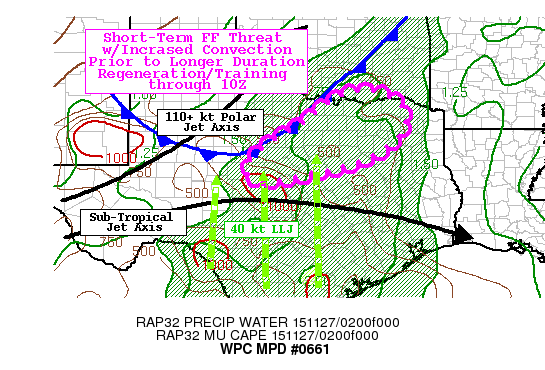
AREAS AFFECTED...NORTH CENTRAL TEXAS

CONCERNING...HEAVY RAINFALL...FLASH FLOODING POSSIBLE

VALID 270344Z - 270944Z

SUMMARY...INITIAL ROUND OF MDT RAINS OF 1-3" WITH THE LIKELIHOOD
OF ADDITIONAL REGENERATION NEAR OR UPSTREAM LEADING TO A PROLONGED
TRAINING EVENT CAPABLE OF FLOODING POSSIBLY FLASHY OVER NEXT FEW
HOURS.

DISCUSSION...WV/IR LOOP INDICATE STRONG 110+ KT POLAR JET AND WELL
DEFINED SUBTROPICAL JET ENHANCED BY OUTFLOW CHANNEL OF HURRICANE
SANDRA CONVERGING OVER WEST TEXAS BUT BECOMING DIFFLUENT NEAR 100W
SETTING UP AN IDEAL ENVIRONMENT TO SUPPORT STRONG SYNOPTIC ASCENT
WHILE ALSO SUPPORTING THE POTENTIAL FOR BACKBUILDING/REGENERATION
OF CONVECTION TOWARD THE APEX OF THE DIFFLUENCE.  SHORTWAVE
RIDGING UPSTREAM IN THE POLAR CHANNEL AND NO REAL SHIFT IN THE
SUBTROPICAL JET SUPPORTS THIS REGIME TO MAINTAIN LOCATION FOR THE
DURATION OF THE OVERNIGHT HOURS.  WELL DEFINED COLD FRONT
CONTINUES TO DROP SOUTH ACROSS OK INTO N CENTRAL TX WHICH WILL
PROVIDE A FOCUS FOR STRONG MOISTURE CONVERGENCE FROM 35-45 KT
SOUTHERLY LOW LEVEL JET.  AT THIS TIME... RAP ANALYSIS INDICATES A
SMALL AMOUNT OF INSTABILITY WITH NEARLY UNCAPPED 750-1000 J/KG
SBCAPE NEAR THE APEX OF THE DIFFLUENT FLOW ALOFT.  RECENT IR AND
RADAR TRENDS INDICATE SOME CONVECTIVE DEVELOPMENT IS
OCCURRING...WHICH APPEARED TO BE INITIALIZED BY AN ENHANCED SPEED
MAX OUT OF THE SUBTROPICAL OUTFLOW CHANNEL.  THIS CONVECTION IS
NEARING -60C...WITHIN A MODERATELY SATURATED ENVIRONMENT WITH TPWS
AOA 1.5"... SHOULD BE SUPPORTIVE OF CONVECTIVE RATES OF 1.5"/HR OR
GREATER...WITH THE POTENTIAL OF PRODUCING 1-1.5" TOTALS AS IT
TRACKS THROUGH AREAS FROM BWD TO FTW THAT HAVE ALREADY SEEN 1-3".

DUE TO THE EARLIER RAINFALL...FFG VALUES HAVE DROPPED BELOW 1"
FROM RUNNELS/COLEMAN COUNTIES TO LOVE/MARSHALL COUNTIES NORTH OF
THE RED RIVER IN OK.   WITH THESE CONVECTIVE RATES THERE IS A
MODERATE POTENTIAL TO EXCEED THESE LOWER FFG FOR ISOLATED FLASH
FLOODING CONDITIONS OVER THE NEXT 1-3 HOURS.  HOWEVER...PROLONGED
MODERATE RAINFALL WITH RATES OF .5-1.0"/HR AFTER WEAK INSTABILITY
IS EXHAUSTED WILL LIKELY LEAD TO LONGER DURATION INUNDATION
FLOODING WITH THE LIKELIHOOD OF REPEAT REDEVELOPMENT AND
TRAINING...PARTICULARLY ACROSS THE DFW METRO AREA INTO THE EARLY
MORNING HOURS...THIS IS GENERALLY SUPPORTED BY MANY HI-RES CAMS
PARTICULARLY THE ARW (THOUGH THE AXIS MAY BE A COUNTY OR TWO TOO
FAR NORTH).